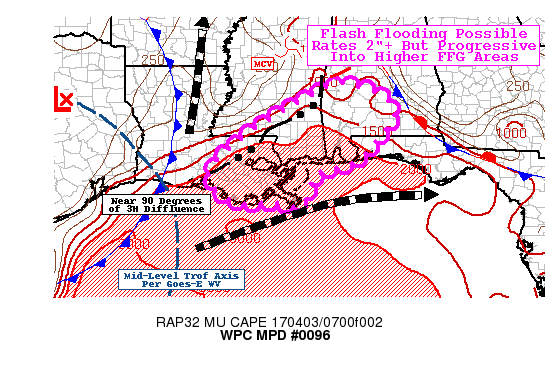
AREAS AFFECTED...SOUTHEAST LA...SOUTHERN MS...COASTAL AL...EXT W
FL PANHANDLE

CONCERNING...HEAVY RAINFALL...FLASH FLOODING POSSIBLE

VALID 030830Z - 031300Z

SUMMARY...LINE OF HIGHLY EFFICIENT RAINFALL BECOMING PROGRESSIVE
INTO AREA OF MORE ACCEPTING GROUND CONDITIONS.  FLASH FLOODING
REMAINS POSSIBLE BUT MORE SCATTERED IN OCCURRENCE THROUGH EARLY
MORNING

DISCUSSION...GOES-E AND 16 WV INDICATES PVA/NVA COUPLET ARCING
FROM SE TX ACROSS LCH INTO THE CENTRAL GULF AROUND 92.5W  AS OF
0745Z...WITH BROADENING (NEARLY 90 DEGREES) DIFFLUENT FLOW ACROSS
SE LA/S MS INTO AL PROVIDING STRONG UPPER LEVEL EVACUATION AND
ASCENT...THIS WILL CONTINUE BUT AS THE TROF AXIS ADVANCES THIS
WILL SUPPORT A FAIRLY PROGRESSIVE NATURE TO THE BEST ASCENT AND
THEREFORE LINE OF CONVECTION.  STILL CELLS WITHIN THE LINE ARE
MOVING NORTHEAST EFFECTIVELY PARALLEL TO THE LINE ORIENTATION
SUPPORTING CELLS TO TRAIN AS THE LINE PROGRESSES SOUTHEAST.

IN THE LOWER LEVELS...AMPLE MOISTURE WITH SFC TDS IN THE LOW 70S
AND MODEST 7-8C/KM LAPSE RATES PER 05Z LIX RAOB PROVIDES WILL HELP
MAINTAIN SOLID UPDRAFTS AS WELL AS MST FLUX FOR EFFICIENT RAINFALL
PRODUCTION GIVEN MUCAPES OVER 1500 J/KG WITH VALUES AS HIGH AS
3000 J/KG (NEAR SURFACE BASED) ALONG THE GULF.  AS SUCH RADAR
ESTIMATES OF 2-2.5"/HR SEEM REASONABLE THOUGH FORWARD PROGRESSION
COULD LEAD TO 2.5-4" SWATH OF RAIN ACROSS SE LA WITH 2-3" FURTHER
NORTH ACROSS SE MS INTO SW AL.  THIS MATCHES RAINFALL TOTALS
THROUGH 15Z FROM BEST PERFORMING 00Z HI-RES CAMS IN THE ARW AND
NSSLWRF...THOUGH BOTH ARE SLIGHTLY SLOWER THAN CURRENT CONVECTIVE
TRENDS INDICATE. STILL WITH INCREASING FFG VALUES OF 3"/1HR TO
3.5-4"/3HRS...IT STILL MAY BE DIFFICULT FOR A LARGE AREA OF FF
CONDITIONS TO COME TO FRUITION AND THEREFORE THE RISK FOR FF IS
ONLY POSSIBLE AND LOCALIZED... PARTICULARLY IN URBAN AREAS.

A STARK SFC TD GRADIENT EXISTS ACROSS FROM EET TO MGM TO 79J TO
MAI IN THE FL PANHANDLE AND DEMARCATES THE EASTWARD EXTENT OF
INSTABILITY AND ANY REAL THREAT FOR MAINTAINED CONVECTION THAT
WOULD POSE ANY FF RISK.